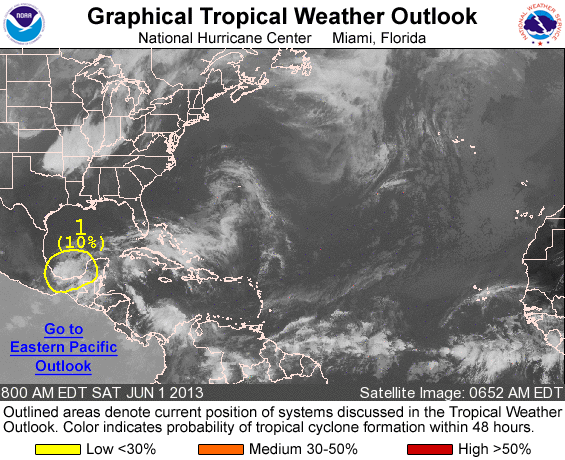
FOR THE NORTH ATLANTIC...CARIBBEAN SEA AND THE GULF OF MEXICO...

1. DISORGANIZED SHOWERS AND THUNDERSTORMS ASSOCIATED WITH A WEAK AREA OF LOW PRESSURE CONTINUE OVER THE SOUTHWESTERN GULF OF MEXICO AND THE BAY OF CAMPECHE. DEVELOPMENT...IF ANY...SHOULD BE SLOW TO OCCUR DUE TO UNFAVORABLE UPPER-LEVEL WINDS AND PROXIMITY TO LAND. THIS SYSTEM HAS A LOW CHANCE...10 PERCENT...OF BECOMING A TROPICAL CYCLONE DURING THE NEXT 48 HOURS.

ELSEWHERE...TROPICAL CYCLONE FORMATION IS NOT EXPECTED DURING THE NEXT 48 HOURS.

TODAY MARKS THE FIRST DAY OF THE ATLANTIC HURRICANE SEASON...WHICH WILL RUN UNTIL NOVEMBER 30. LONG-TERM AVERAGES FOR THE NUMBER OF NAMED STORMS...HURRICANES...AND MAJOR HURRICANES ARE 12...6...AND 3...RESPECTIVELY.

THE LIST OF NAMES FOR 2013 IS AS FOLLOWS:

NAME PRONUNCIATION NAME PRONUNCIATION ------------------------------------------------------------- ANDREA AN- DREE UH LORENZO LOH REN- ZOH BARRY BAIR- REE MELISSA MEH LIH- SUH CHANTAL SHAHN TAHL- NESTOR NES- TOR DORIAN DOR- EE AN OLGA OAL- GUH ERIN AIR- RIN PABLO PAHB- LO FERNAND FAIR NAHN- REBEKAH REH BEH- KUH GABRIELLE GA BREE ELL- SEBASTIEN SUH BASH- CHUHN HUMBERTO OOM BAIR- TOH TANYA TAHN- YUH INGRID ING- GRID VAN VAN JERRY JEHR- EE WENDY WEN- DEE KAREN KAIR- REN

THIS PRODUCT...THE TROPICAL WEATHER OUTLOOK...BRIEFLY DESCRIBES SIGNIFICANT AREAS OF DISTURBED WEATHER AND THEIR POTENTIAL FOR TROPICAL CYCLONE FORMATION DURING THE NEXT 48 HOURS. THE ISSUANCE TIMES OF THIS PRODUCT ARE 2 AM...8 AM...2 PM...AND 8 PM EDT. AFTER THE CHANGE TO STANDARD TIME IN NOVEMBER...THE ISSUANCE TIMES ARE 1 AM...7 AM...1 PM...AND 7 PM EST.

A SPECIAL TROPICAL WEATHER OUTLOOK WILL BE ISSUED TO PROVIDE UPDATES...AS NECESSARY...IN BETWEEN THE REGULARLY SCHEDULED ISSUANCES OF THE TROPICAL WEATHER OUTLOOK. SPECIAL TROPICAL WEATHER OUTLOOKS WILL BE ISSUED UNDER THE SAME WMO AND AWIPS HEADERS AS THE REGULAR TROPICAL WEATHER OUTLOOKS.

A STANDARD PACKAGE OF PRODUCTS...CONSISTING OF THE TROPICAL CYCLONE PUBLIC ADVISORY...THE FORECAST/ADVISORY...THE CYCLONE DISCUSSION... AND THE WIND SPEED PROBABILITY PRODUCT...IS ISSUED EVERY SIX HOURS FOR ALL ONGOING TROPICAL CYCLONES. IN ADDITION...A SPECIAL ADVISORY PACKAGE MAY BE ISSUED AT ANY TIME TO ADVISE OF SIGNIFICANT UNEXPECTED CHANGES OR TO MODIFY WATCHES OR WARNINGS.

THE TROPICAL CYCLONE UPDATE IS A BRIEF STATEMENT TO INFORM OF SIGNIFICANT CHANGES IN A TROPICAL CYCLONE OR TO POST OR CANCEL WATCHES OR WARNINGS. THE TROPICAL CYCLONE UPDATE CAN ALSO BE USED IN LIEU OF OR TO PRECEDE THE ISSUANCE OF A SPECIAL ADVISORY PACKAGE. THE TROPICAL CYCLONE UPDATE IS ALSO ISSUED TO PROVIDE A CONTINUOUS FLOW OF INFORMATION REGARDING THE CENTER LOCATION OF A TROPICAL CYCLONE WHEN WATCHES OR WARNINGS ARE IN EFFECT AND THE CENTER CAN BE EASILY TRACKED WITH LAND-BASED RADAR. TROPICAL CYCLONE UPDATES...WHICH CAN BE ISSUED AT ANY TIME...CAN BE FOUND UNDER WMO HEADER WTNT61-65 KNHC...AND UNDER AWIPS HEADER MIATCUAT1-5.

ALL NATIONAL HURRICANE CENTER TEXT AND GRAPHICAL PRODUCTS ARE AVAILABLE ON THE WEB AT WWW.HURRICANES.GOV. YOU CAN ALSO INTERACT WITH US ON FACEBOOK AT WWW.FACEBOOK.COM/US.NOAA.NATIONALHURRICANECENTER.GOV. NOTIFICATIONS ARE AVAILABLE VIA TWITTER WHEN SELECT NATIONAL HURRICANE CENTER PRODUCTS ARE ISSUED. INFORMATION ABOUT OUR ATLANTIC TWITTER FEED IS AVAILABLE AT WWW.HURRICANES.GOV/TWITTER.SHTML ...IN ALL LOWER CASE.

FORECASTER AVILA